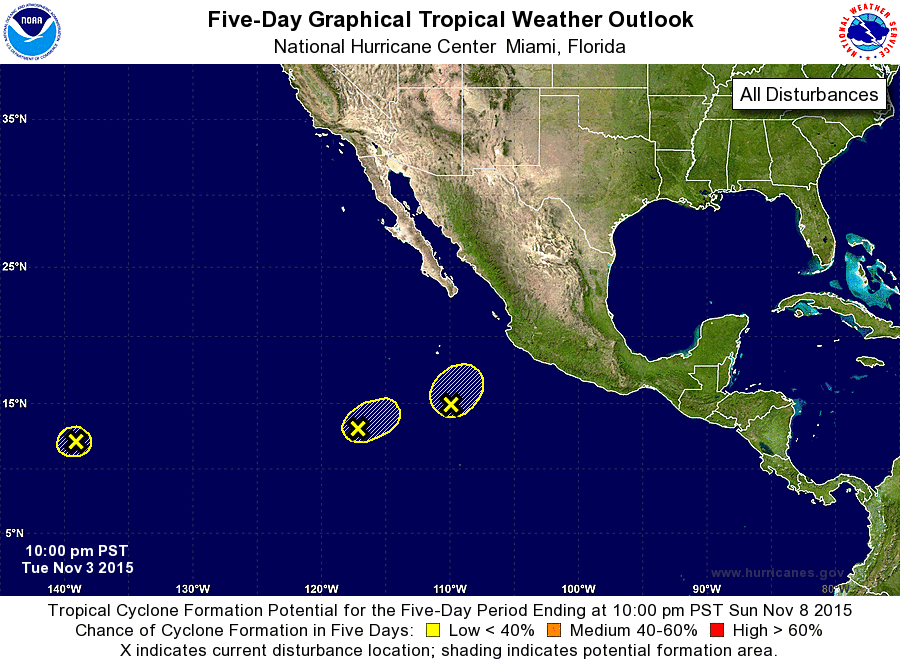
For the eastern North Pacific...east of 140 degrees west longitude:

1. A weak low pressure system located about 500 miles south of the southern tip of the Baja California peninsula continues to produce an area of showers and thunderstorms. Strong upper-level winds should limit development of this system while it moves slowly northeastward during the next day or two.
* Formation chance through 48 hours...low...10 percent
* Formation chance through 5 days...low...10 percent

2. Another weak area of low pressure is producing a few showers and thunderstorms about 800 miles southwest of the southern tip of the Baja California peninsula. Significant development of this low is not expected, due to strong upper-level winds, while it moves slowly east-northeastward during the next day or so.
* Formation chance through 48 hours...low...10 percent
* Formation chance through 5 days...low...10 percent

3. A third low pressure area located about 1100 miles east-southeast of the Big Island of Hawaii is producing disorganized shower activity. Development of this system is not expected while it moves westward into the Central Pacific Hurricane Center's area of responsibility on Wednesday.
* Formation chance through 48 hours...low...near 0 percent
* Formation chance through 5 days...low...near 0 percent

Forecaster Cangialosi